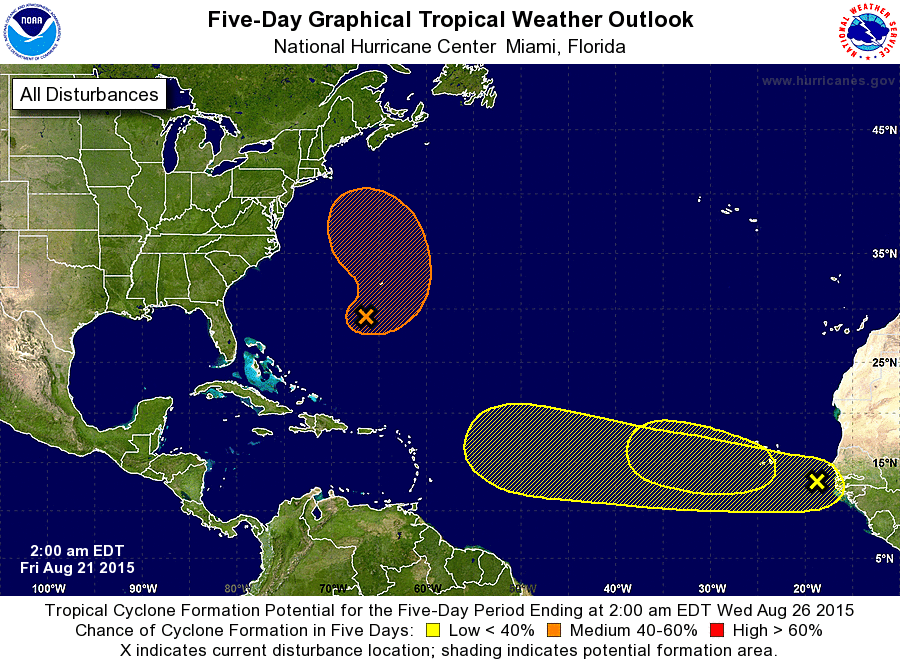
For the North Atlantic...Caribbean Sea and the Gulf of Mexico:

The National Hurricane Center is issuing advisories on Hurricane Danny, located over the central tropical Atlantic Ocean about a thousand miles east-southeast of the Leeward Islands.

1. A broad non-tropical area of low pressure is located a couple of hundred miles south-southwest of Bermuda. This system is interacting with an upper-level low and is producing disorganized showers and thunderstorms mainly to the east of the surface low. Environmental conditions could support some tropical or subtropical development while this system moves slowly northward over the western Atlantic Ocean through the weekend.
* Formation chance through 48 hours...low...20 percent
* Formation chance through 5 days...medium...60 percent

2. A tropical wave located just off of the west coast of Africa is producing disorganized showers and thunderstorms. Some slow development of this system is possible during the next several days while the wave moves westward at 15 to 20 mph over the eastern and central tropical Atlantic.
* Formation chance through 48 hours...low...10 percent
* Formation chance through 5 days...low...30 percent

3. Another tropical wave is expected to move off the west coast of Africa in a couple of days. Some development of this system is possible early next week while it moves westward over the eastern tropical Atlantic Ocean.
* Formation chance through 48 hours...low...near 0 percent
* Formation chance through 5 days...low...20 percent

Forecaster Cangialosi